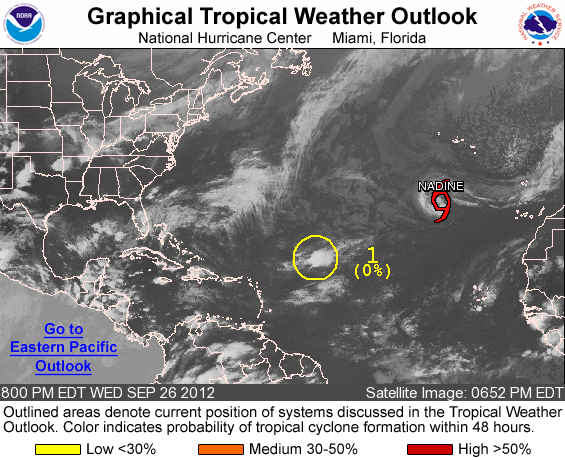
FOR THE NORTH ATLANTIC...CARIBBEAN SEA AND THE GULF OF MEXICO...

THE NATIONAL HURRICANE CENTER IS ISSUING ADVISORIES ON TROPICAL STORM NADINE...LOCATED ABOUT 580 MILES SOUTH-SOUTHWEST OF THE AZORES.

1. AN AREA OF DISTURBED WEATHER...LOCATED SEVERAL HUNDRED MILES EAST-NORTHEAST OF THE LEEWARD ISLANDS...CONTINUES TO MOVE WESTWARD AT 10 TO 15 MPH. THIS SYSTEM HAS NOT BECOME ANY BETTER ORGANIZED...AND UPPER-LEVEL WINDS REMAIN UNFAVORABLE FOR DEVELOPMENT. THIS SYSTEM HAS A LOW CHANCE...NEAR 0 PERCENT...OF BECOMING A TROPICAL CYCLONE DURING THE NEXT 48 HOURS.

ELSEWHERE...TROPICAL CYCLONE FORMATION IS NOT EXPECTED DURING THE NEXT 48 HOURS.

FORECASTER AVILA/ZELINSKY